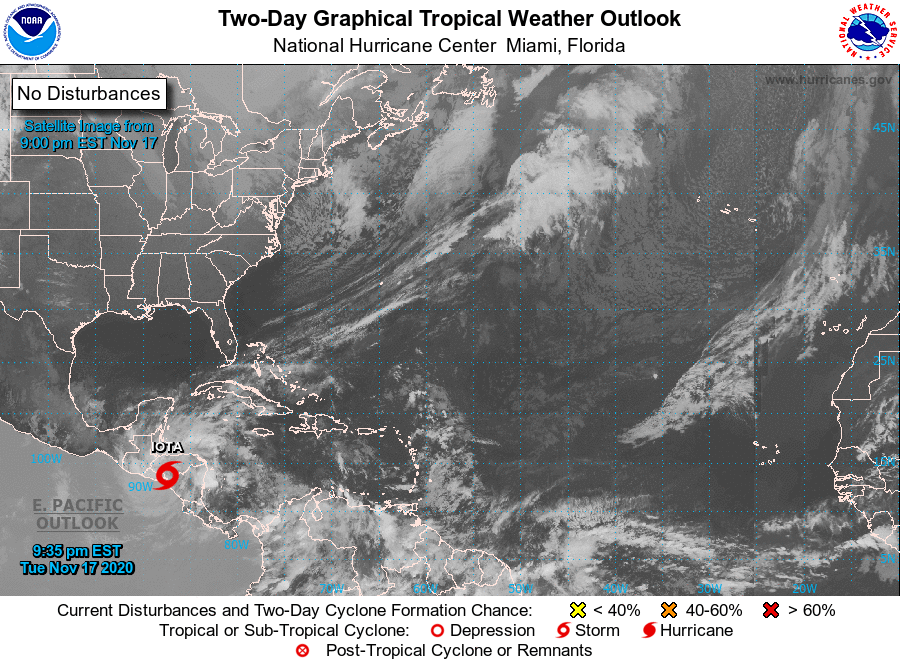
For the North Atlantic...Caribbean Sea and the Gulf of Mexico:

The National Hurricane Center is issuing advisories on Tropical Storm Iota, located inland over southern Honduras.

1. A broad area of low pressure could form in a day or so over the southwestern Caribbean Sea. Environmental conditions do not appear to be as conducive for development as previously thought, but slow development is possible over the next several days while the system moves slowly westward or west-southwestward across the southwestern Caribbean Sea. Regardless of tropical cyclone formation, areas of heavy rain are possible during the next several days from Nicaragua southward across Central America and into Colombia. These rains could cause new flooding concerns, especially across previously inundated areas.
* Formation chance through 48 hours...low...near 0 percent.
* Formation chance through 5 days...low...30 percent.

Forecaster Beven